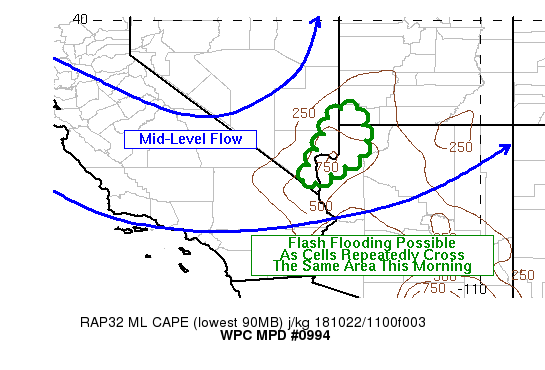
Areas affected...Nevada...Arizona...Utah Border Region

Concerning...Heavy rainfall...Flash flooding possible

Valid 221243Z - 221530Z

Summary...Another round of showers and some thunderstorms were
forming near the Arizona/Nevada border and moving northward.
Rainfall rates were not excessively...generally under half an inch
per hour...but these cells will be moving over areas which have
already had one or more rounds of convection recently.  This could
lead to localized problems due to run-off or ponding, especially
in normally dry arroyos and washes.

Discussion...Flow aloft was becoming difluent/divergent as a wave
makes its way across California into the Great Basin.  SPC
Mesoscale Analysis showed that ML CAPES were running at or above
500 J per kg and Precipitable Water values just under an inch.
While the storms have a history of producing hail, which may skew
the rainfall estimate a bit, rainfall rates have generally been in
the range of half an inch per hour to three-quarters of an inch
per hour. Given the forward speed of the cells, these rainfall
rates should not be a problem. However, radar imagery early this
morning showed additional convection developing upstream which may
move over areas which have already experienced one or more rounds
of rainfall in the past 24 hours.  This is consistent with the
hi-resolution guidance showing additional precipitation through
1530Z or so.

As a result, there could be isolated problems with run-off or
ponding of water...especially in normally dry washes or
arroyos...during the morning.